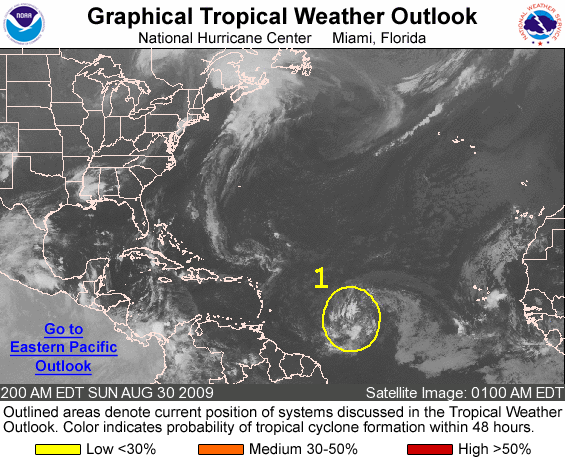
FOR THE NORTH ATLANTIC...CARIBBEAN SEA AND THE GULF OF MEXICO...

1. A BROAD AREA OF LOW PRESSURE LOCATED ABOUT 1150 MILES EAST OF THE LESSER ANTILLES CONTINUES TO PRODUCE LIMITED SHOWER AND THUNDERSTORM ACTIVITY. DEVELOPMENT OF THIS SYSTEM...IF ANY... SHOULD BE SLOW TO OCCUR AS IT MOVES WEST TO WEST-NORTHWESTWARD AT AROUND 15 MPH DURING THE NEXT COUPLE OF DAYS. THERE IS A LOW CHANCE...LESS THAN 30 PERCENT...OF THIS SYSTEM BECOMING A TROPICAL CYCLONE DURING THE NEXT 48 HOURS.

ELSEWHERE...TROPICAL CYCLONE FORMATION IS NOT EXPECTED DURING THE NEXT 48 HOURS.

FORECASTER BERG